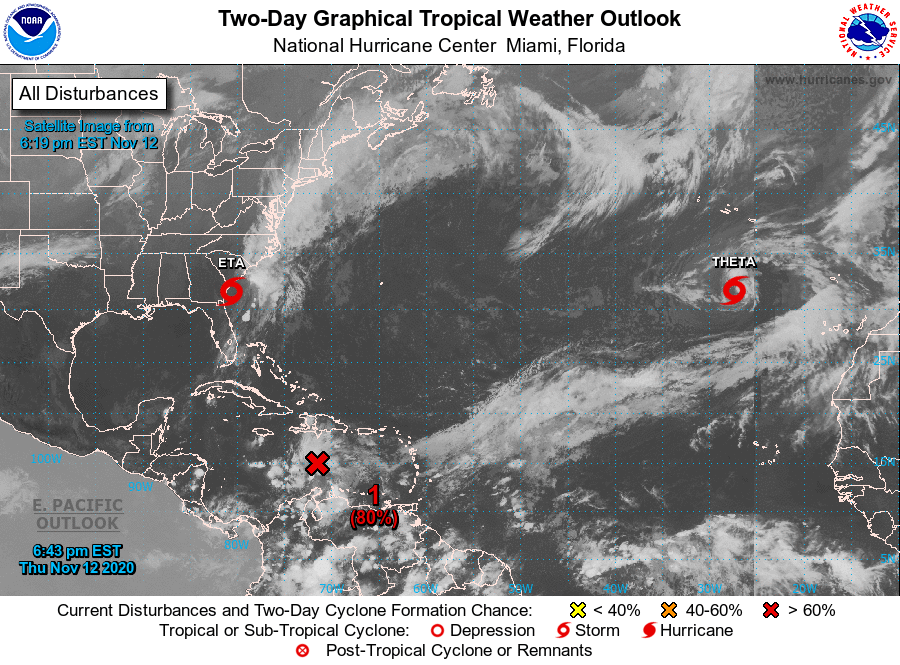
For the North Atlantic...Caribbean Sea and the Gulf of Mexico:

The National Hurricane Center is issuing advisories on Tropical Storm Eta, located near the coast of the southeast U.S., and on Tropical Storm Theta, located over the eastern Atlantic.

1. A tropical wave located over the central Caribbean Sea continues to produce a large area of showers and thunderstorms. While this system has changed little in organization this evening, a tropical depression will likely form within the next couple of days as it moves slowly westward over the central and western Caribbean Sea. Interests in Honduras and Nicaragua should closely monitor the progress of this system. Regardless of development, this disturbance is expected to bring heavy rainfall along with possible flash flooding to portions of Hispaniola over the next day or so. For more detailed information, refer to products issued by your local weather office.
* Formation chance through 48 hours...high...80 percent.
* Formation chance through 5 days...high...90 percent.

Forecaster Papin/Cangialosi